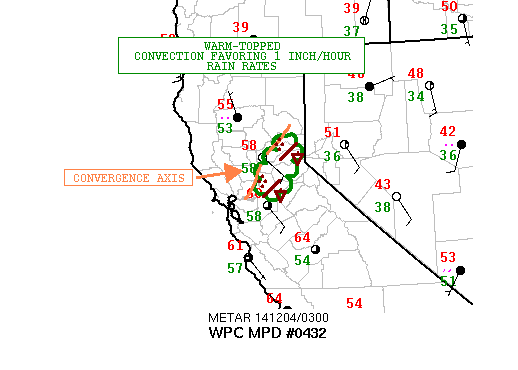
AREAS AFFECTED...NORTH-CENTRAL CA

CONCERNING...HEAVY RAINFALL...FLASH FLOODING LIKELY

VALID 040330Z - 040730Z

SUMMARY...PERSISTENT BAND OF HEAVY SHOWERS WILL CONTINUE TO FOCUS
A THREAT OF FLASH FLOODING THE NEXT FEW HOURS.

DISCUSSION...IR SAT IMAGERY SHOWS A BAND OF WARM-TOPPED SHOWER
ACTIVITY WHICH CONTINUES TO REPEAT GENERALLY OVER THE SAME AREA
FROM JUST EAST OF SACRAMENTO NORTHEASTWARD INTO THE FOOTHILLS AND
WESTERN SLOPES OF THE SIERRA-NEVADA INCLUDING AREAS AROUND BLUE
CANYON.

THE SHOWER ACTIVITY IS ASSOCIATED WITH AN AREA OF DEEPER LAYER
CONVERGENCE ACROSS THE NORTH-CENTRAL SACRAMENTO VALLEY AIMED INTO
THE SIERRA-NEVADA AROUND THE SOUTH SIDE OF A SHORTWAVE TROUGH
MOVING ACROSS SOUTHWEST OREGON ATTM. DESPITE PWATS THAT ARE RATHER
MODEST AT 1 INCH OR SO...AND VERY MEAGER INSTABILITY...WARM CLOUD
PROCESSES ARE ALLOWING THE SHOWER ACTIVITY TO PRODUCE SOME VERY
EFFICIENT RAINFALL RATES THAT ARE EXCEEDING 1 INCH/HR LOCALLY.
UPSLOPE FLOW/OROGRAPHICS ARE ALSO CONTRIBUTIGN TO THE HEAVIER
RAINFALL RATES AND SHOWER ORGANIZATION.

THE REPEAT NATURE OF THIS BAND OF SHOWER ACTIVITY HAS ALREADY
RESULTED IN AT LEAST LOCALIZED AREAS OF FLASH FLOODING...AND IT IS
EXPECTED THAT THE ACTIVITY WILL CONTINUE FOR A FEW MORE HOURS
UNTIL DEEPER LAYER FORCING ASSOCIATED WITH THE AFOREMENTIONED
SHORTWAVE FARTHER NORTH MOVES AWAY...AND DRIER MID LEVEL AIR ALOFT
ARRIVES FRO, THE WEST.

THE 12Z ARW AND 12Z NMMB ALONG WITH RECENT RUNS OF THE HRRR FAVOR
THIS BANDED PRECIP PATTERN CONTINUING THROUGH 09Z WITH THE
ACTIVITY SLOWLY SETTLING FARTHER SOUTHEAST AFTER ABOUT 06Z.
ADDITIONAL RAINFALL AMOUNTS OF 2 TO 3 INCHES...WITH ISOLATED
HEAVIER AMOUNTS WILL BE POSSIBLE. SO...WILL CONTINUE TO BE
CONCERNED FOR ADDITIONAL FLASH FLOODING THE NEXT FEW HOURS. WILL
CONTINUE TO MONITOR.